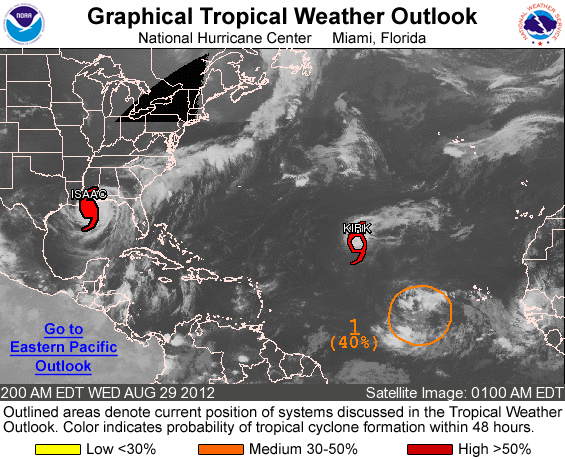
FOR THE NORTH ATLANTIC...CARIBBEAN SEA AND THE GULF OF MEXICO...

THE NATIONAL HURRICANE CENTER IS ISSUING ADVISORIES ON HURRICANE ISAAC...LOCATED NEAR THE COAST OF SOUTHEASTERN LOUISIANA AND ON RECENTLY UPGRADED TROPICAL STORM KIRK...LOCATED ABOUT 1440 MILES SOUTHWEST OF THE AZORES.

1. A BROAD LOW PRESSURE AREA ASSOCIATED WITH A TROPICAL WAVE IS LOCATED ABOUT 550 MILES WEST-SOUTHWEST OF THE CAPE VERDE ISLANDS. THE ASSOCIATED SHOWER ACTIVITY IS GRADUALLY BECOMING BETTER ORGANIZED...AND ENVIRONMENTAL CONDITIONS ARE EXPECTED TO BE CONDUCIVE FOR SLOW DEVELOPMENT DURING THE NEXT COUPLE OF DAYS. THIS SYSTEM HAS A MEDIUM CHANCE...40 PERCENT...OF BECOMING A TROPICAL CYCLONE DURING THE NEXT 48 HOURS AS IT MOVES WESTWARD AT ABOUT 15 MPH.

ELSEWHERE...TROPICAL CYCLONE FORMATION IS NOT EXPECTED DURING THE NEXT 48 HOURS.

&&
PUBLIC ADVISORIES ON TROPICAL STORM KIRK ARE ISSUED UNDER WMO HEADER WTNT31 KNHC AND UNDER AWIPS HEADER MIATCPAT1. FORECAST/ADVISORIES ON KIRK ARE ISSUED UNDER WMO HEADER WTNT21 KNHC AND UNDER AWIPS HEADER MIATCMAT1.

FORECASTER CANGIALOSI